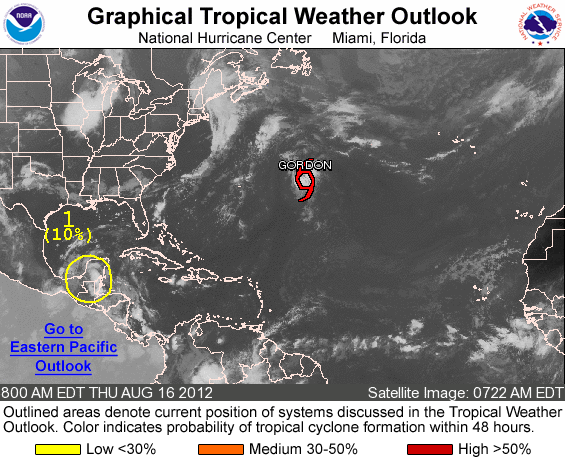
FOR THE NORTH ATLANTIC...CARIBBEAN SEA AND THE GULF OF MEXICO...

THE NATIONAL HURRICANE CENTER IS ISSUING ADVISORIES ON RECENTLY UPGRADED TROPICAL STORM GORDON...LOCATED OVER THE CENTRAL ATLANTIC ABOUT 585 MILES EAST OF BERMUDA.

1. A TROPICAL WAVE...THE REMNANTS OF TROPICAL DEPRESSION SEVEN...IS LOCATED OVER SOUTHEASTERN MEXICO AND THE WESTERN YUCATAN PENINSULA. THIS DISTURBANCE IS PRODUCING DISORGANIZED SHOWERS AND THUNDERSTORMS OVER THE BAY OF CAMPECHE...THE YUCATAN PENINSULA...SOUTHEASTERN MEXICO...AND GUATEMALA. ALTHOUGH THERE IS CURRENTLY ONLY A SLIGHT CHANCE OF REGENERATION WHEN THE WAVE EMERGES OVER THE BAY OF CAMPECHE...LOCALLY HEAVY RAIN IS POSSIBLE ACROSS PORTIONS OF CENTRAL AMERICA AND SOUTHERN MEXICO THROUGH LATE TODAY. THIS SYSTEM HAS A LOW CHANCE...10 PERCENT...OF BECOMING A TROPICAL CYCLONE DURING THE NEXT 48 HOURS AS IT MOVES WEST-NORTHWESTWARD AT ABOUT 15 MPH.

ELSEWHERE...TROPICAL CYCLONE FORMATION IS NOT EXPECTED DURING THE NEXT 48 HOURS.

&&
PUBLIC ADVISORIES ON TROPICAL DEPRESSION EIGHT ARE ISSUED UNDER WMO HEADER WTNT33 KNHC AND UNDER AWIPS HEADER MIATCPAT3. FORECAST/ADVISORIES ON TROPICAL DEPRESSION EIGHT ARE ISSUED UNDER WMO HEADER WTNT23 KNHC AND UNDER AWIPS HEADER MIATCMAT3.

FORECASTER STEWART